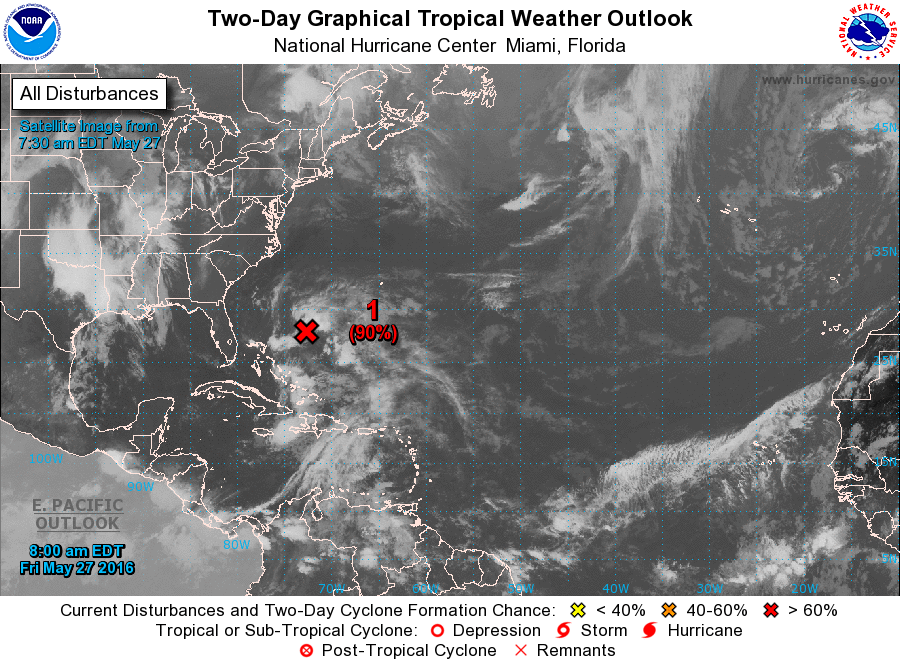
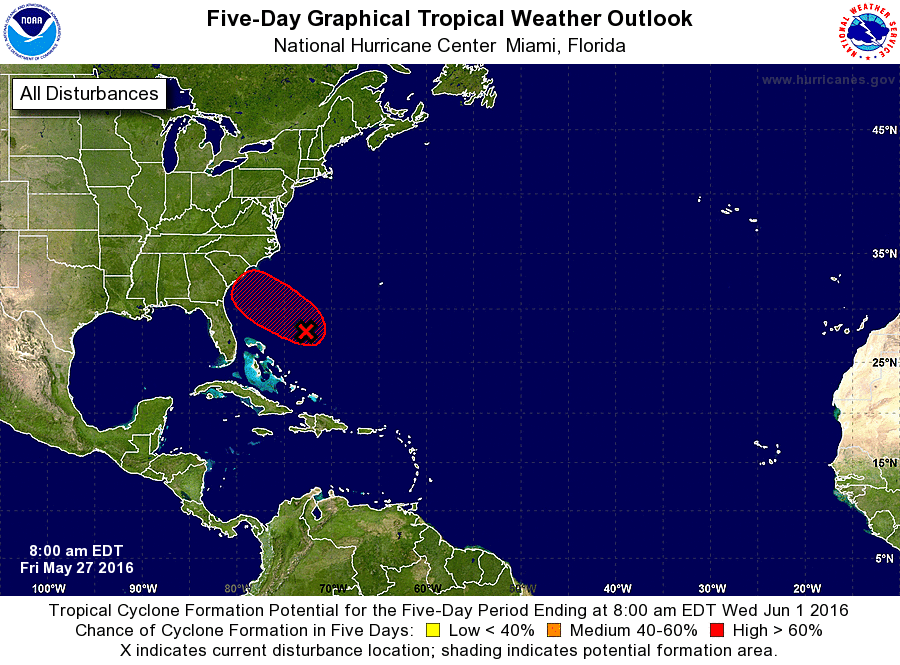
For the North Atlantic...Caribbean Sea and the Gulf of Mexico:

1. Shower activity associated with the low pressure area located between Bermuda and the Bahamas continues to show signs of organization, and the circulation of the low has become a little better defined overnight. Environmental conditions are generally conducive for a tropical or subtropical cyclone to form later today or Saturday while this system moves west-northwestward to northwestward toward the southeastern United States coast. All interests along the southeast coast from Georgia through North Carolina should monitor the progress of this low. An Air Force Reserve Hurricane Hunter aircraft is scheduled to investigate the low this afternoon. The next Special Tropical Weather Outlook on this disturbance will be issued by 3 PM EDT this afternoon. For additional information on this system, see High Seas Forecasts issued by the National Weather Service.
* Formation chance through 48 hours...high...90 percent
* Formation chance through 5 days...high...90 percent

High Seas Forecasts issued by the National Weather Service can be found under AWIPS Header NFDHSFAT1 and WMO Header FZNT01 KWBC.

Forecaster Stewart